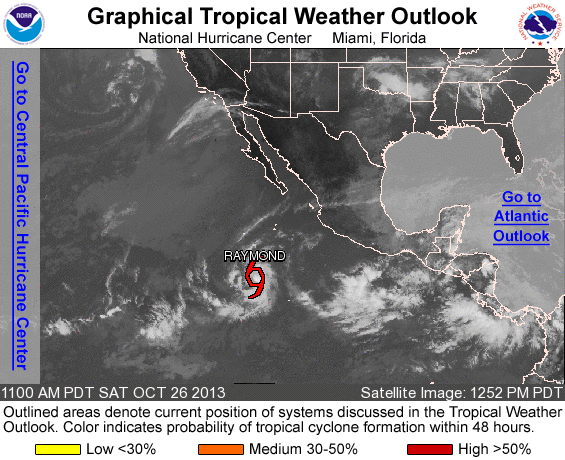
FOR THE EASTERN NORTH PACIFIC...EAST OF 140 DEGREES WEST LONGITUDE..

THE NATIONAL HURRICANE CENTER IS ISSUING ADVISORIES ON TROPICAL STORM RAYMOND...LOCATED SEVERAL HUNDRED MILES SOUTH-SOUTHWEST OF THE SOUTHERN TIP OF BAJA CALIFORNIA.

TROPICAL CYCLONE FORMATION IS NOT EXPECTED DURING THE NEXT 48 HOURS.

OTHER SYSTEMS WITH FORMATION POTENTIAL BEYOND 48 HOURS...

AN AREA OF LOW PRESSURE COULD FORM SOUTH OF SOUTHERN MEXICO IN THE NEXT FEW DAYS. ENVIRONMENTAL CONDITIONS APPEAR TO BE CONDUCIVE FOR SOME SLOW DEVELOPMENT WHILE THE SYSTEM MOVES SLOWLY TOWARD THE WEST-NORTHWEST. THIS SYSTEM HAS A LOW CHANCE...NEAR 0 PERCENT...OF BECOMING A TROPICAL CYCLONE DURING THE NEXT 48 HOURS...AND A LOW CHANCE...20 PERCENT...OF BECOMING A TROPICAL CYCLONE DURING THE NEXT 5 DAYS.

&&
FIVE-DAY FORMATION PROBABILITIES ARE EXPERIMENTAL IN 2013. COMMENTS ON THE EXPERIMENTAL FORECASTS CAN BE PROVIDED AT...

HTTP://WWW.NWS.NOAA.GOV/SURVEY/NWS-SURVEY.PHP?CODE=ETWO

FORECASTER LANDSEA